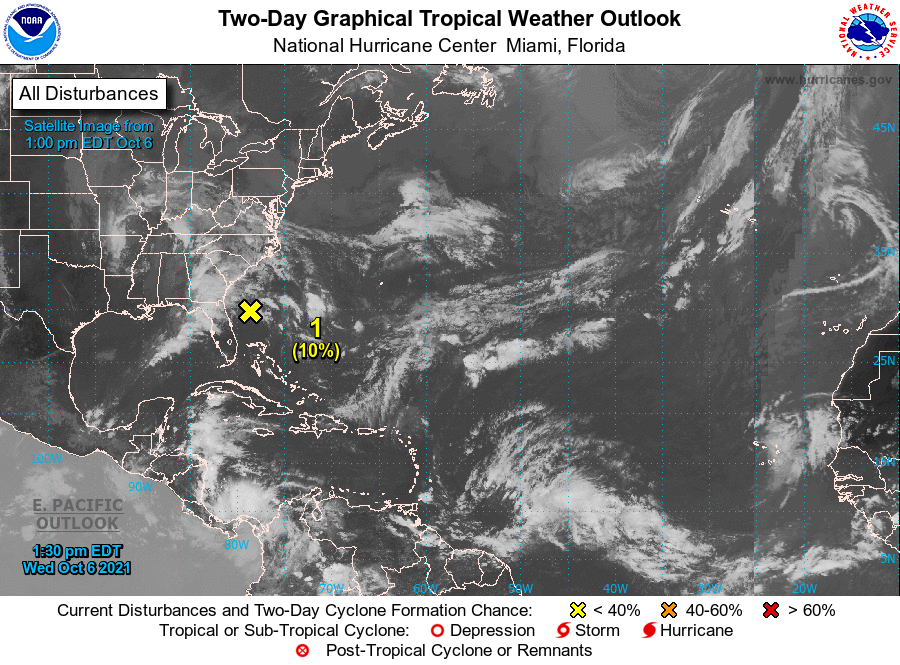
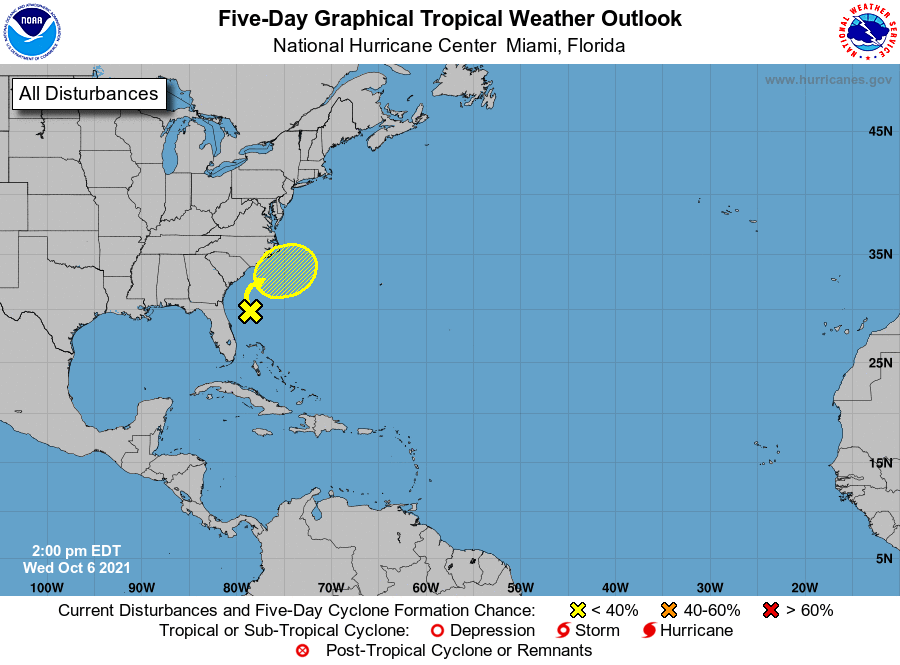
For the North Atlantic...Caribbean Sea and the Gulf of Mexico:

1. Recent buoy and satellite wind data indicate that a weak area of low pressure is developing about 175 miles east of the northeastern coast of Florida, but the associated shower and thunderstorm activity remains disorganized due to strong upper-level winds. The low is expected to move northward and then northeastward at 5 to 10 mph off the southeastern coast of the United States during the next few days, and upper-level winds are expected to remain too strong for significant development. By the weekend, the system is forecast to interact with a front near the coast of the southeastern United States, which could also limit tropical development.
* Formation chance through 48 hours...low...10 percent.
* Formation chance through 5 days...low...20 percent.

Forecaster Berg